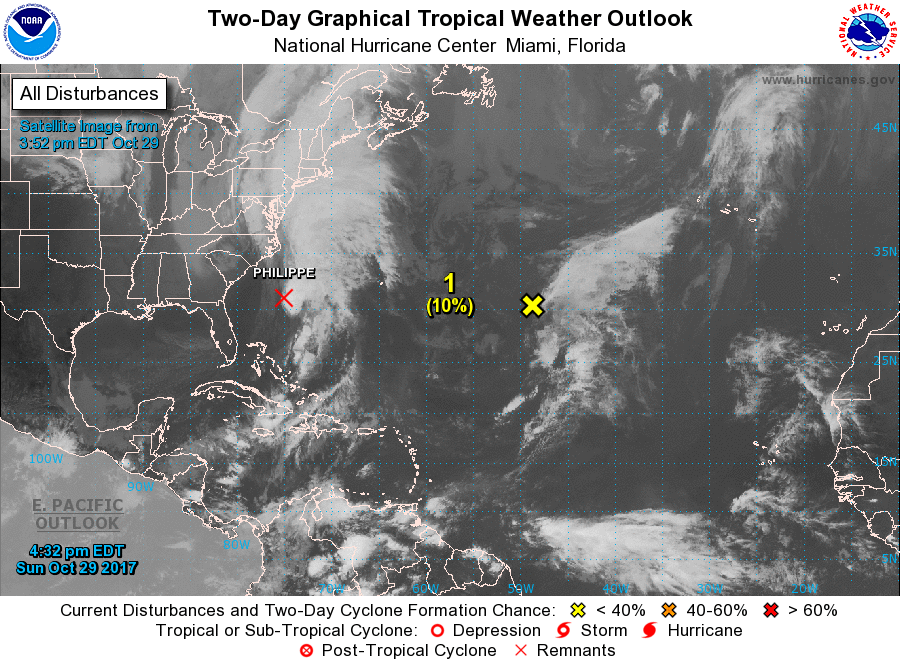
For the North Atlantic...Caribbean Sea and the Gulf of Mexico:

The National Hurricane Center is issuing advisories on Tropical Storm Philippe, located just north of the northwestern Bahamas.

1. A non-tropical low pressure system is located about 1000 miles east-southeast of Bermuda. This low could gradually acquire subtropical or tropical characteristics by the middle of the week while the low meanders over the central Atlantic Ocean between Bermuda and the Azores.
* Formation chance through 48 hours...low...10 percent.
* Formation chance through 5 days...medium...40 percent.

Forecaster Cangialosi